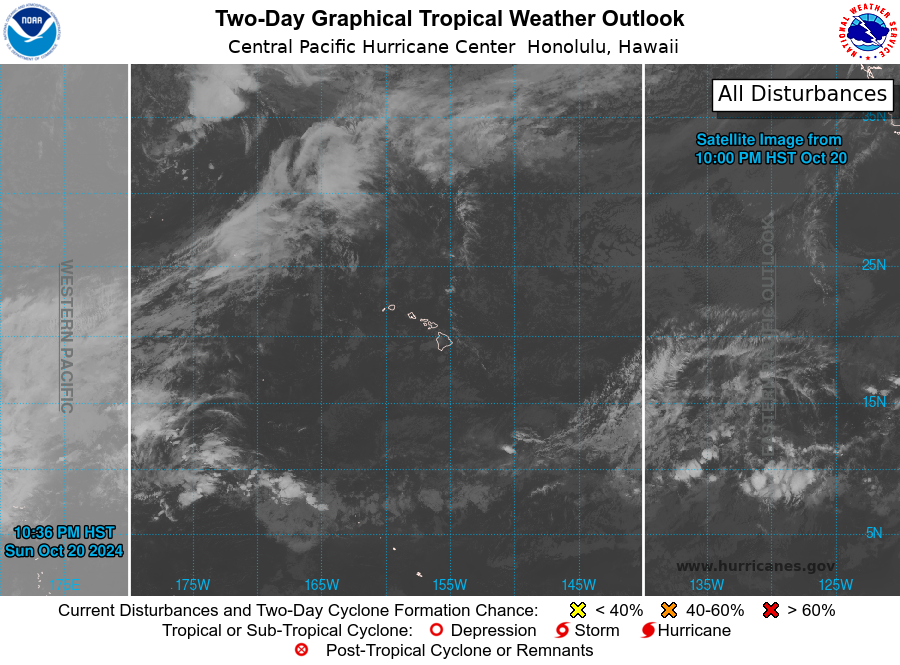
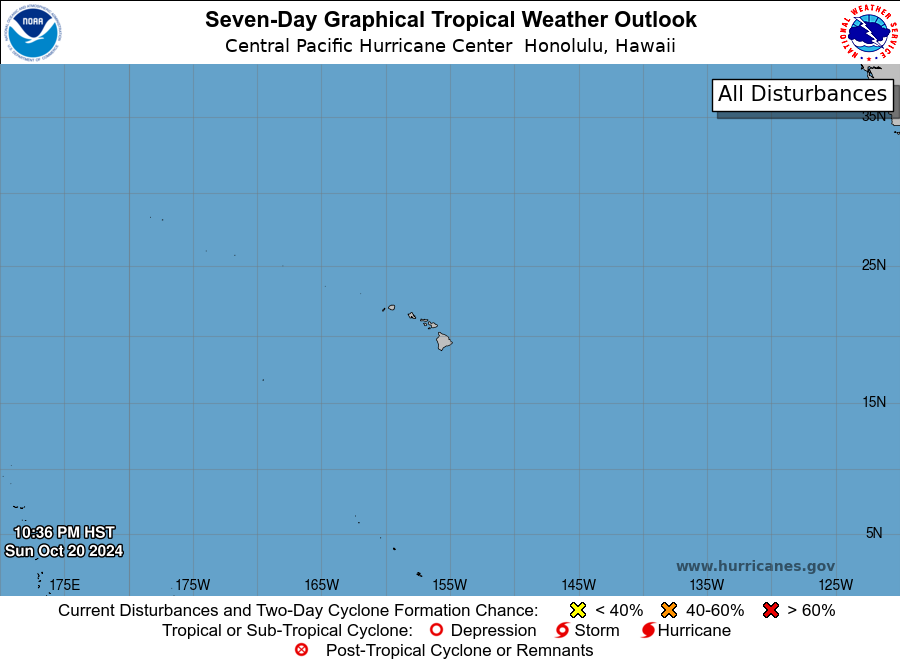
For the central North Pacific...between 140W and 180W:

No tropical cyclones are expected during the next 7 days.

Forecaster Gibbs